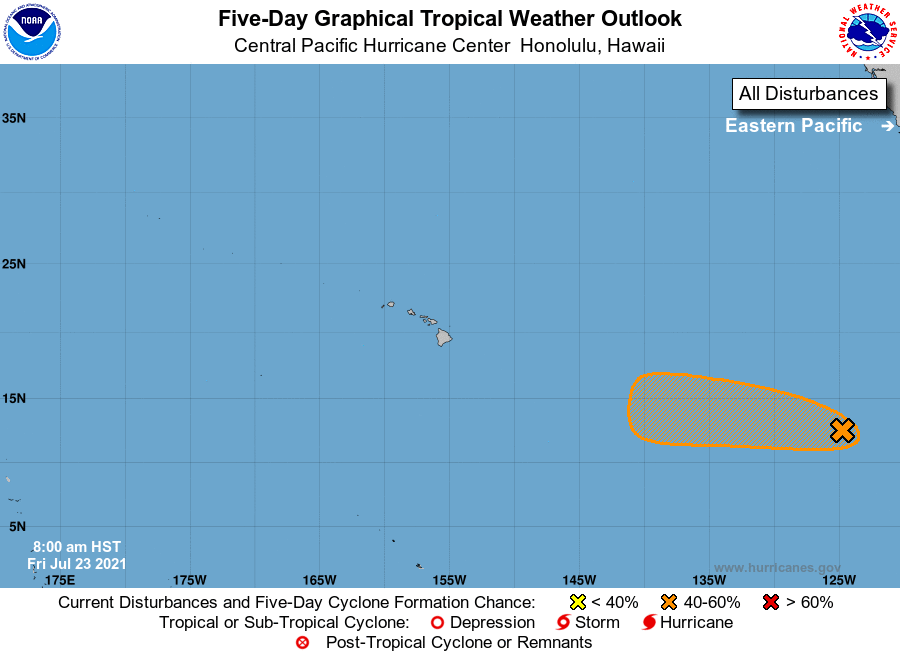
For the central North Pacific...between 140W and 180W:

1. An area of disturbed weather located about 2000 miles east-southeast of Hawaii continues to produce a large area of showers and thunderstorms. Environmental conditions are generally conducive for additional development. This system could move into the Central Pacific early next week and could become a tropical depression this weekend or early next week before it reaches cooler waters while moving westward to west-northwestward at 10 to 15 mph.
* Formation chance through 48 hours...medium...40 percent.
* Formation chance through 5 days...medium...50 percent.

Elsewhere, no tropical cyclones are expected during the next 5 days.

Forecaster EATON